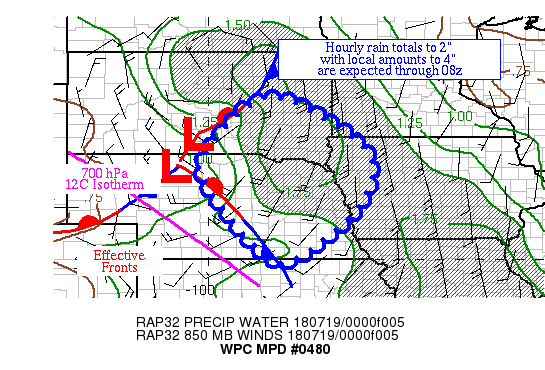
AREAS AFFECTED...PORTIONS OF NE/SD/IA

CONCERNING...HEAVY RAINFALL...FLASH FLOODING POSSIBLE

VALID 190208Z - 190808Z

SUMMARY...BACKBUILDING AND MERGING CONVECTION ACROSS THE REGION
SHOULD BE CAPABLE OF PRODUCING HOURLY TOTALS TO 2" AND LOCAL
AMOUNTS TO 4" OVER THE NEXT SEVERAL HOURS.

DISCUSSION...AN UPPER LOW IS SITUATED NEAR THE WESTERN BORDER OF
THE DAKOTAS, WHILE A PAIR OF SURFACE LOWS SPIN ACROSS NORTHERN NE
AND SOUTHERN SD.  ACTIVE CONVECTION CONTINUES WITHIN A DIVERGENT
AREA ALOFT ACROSS SD AND NE WITHIN THE WARM ADVECTION PATTERN EAST
OF THE DEEP LAYER LOW.  PRECIPITABLE WATER VALUES OF ~1.6" LIE
ACROSS THE AREA PER NEARBY GPS DATA AND THE OAX/VALLEY NE
SOUNDING.  INFLOW AT 850 HPA IS CONVERGENT AT 10-15 KTS.
EFFECTIVE BULK SHEAR OF 30-50 KTS HAS LED TO SUPERCELL STRUCTURES
WITHIN THE CONVECTION, WHICH EVEN ACCOUNTING FOR HAIL
CONTAMINATION, APPEARS TO BE YIELDING 2" AN HOUR TOTALS. MU CAPE
VALUES OF 500-3000 J/KG EXIST IN THIS AREA.

THE MESOSCALE GUIDANCE SUGGESTS THAT AREAL COVERAGE OF THE
CONVECTION SHOULD BE PEAKING NOW.  HOWEVER, INFLOW AT 850 HPA IS
EXPECTED TO RAMP UP OVERNIGHT, WHICH COULD LEAD TO EITHER A SLIGHT
UPTICK IN COVERAGE AFTER CIN DEVELOPS THIS EVENING OR CONTINUE
CELL BACKBUILDING FOR A WHILE LONGER.  CIN DEVELOPMENT ALONG WITH
EASTWARD MOVEMENT OF THE DEEP LAYERED LOW SHOULD ALLOW FOR SOME
EASTWARD SHIFT IN CONVECTION OVERNIGHT.  THE 700 HPA 12C ISOTHERM
IS EXPECTED TO ACT AS THE SOUTHWEST FRINGE OF THE BROADER
CONVECTIVE COVERAGE.  THE GUIDANCE HAS A WIDELY SCATTERED
SIGNATURE WITH LOCAL AMOUNTS OF 3-4" BETWEEN NOW AND 08Z.  THE
HEAVY RAIN THREATS HERE ARE MESOCYCLONE DEVELOPMENT, BACKBUILDING,
CELL MERGERS, AND THE POSSIBILITY OF MULTIPLE CONVECTIVE ROUNDS.
HOURLY RAIN TOTALS TO 2" SHOULD CONTINUE TO BE AN ISSUE.  COVERAGE
OF HEAVY RAIN WITHIN THE DEPICTED AREA IS EXPECTED TO BE MORE
SCATTERED/ISOLATED THAN USUAL FOR AN MPD.